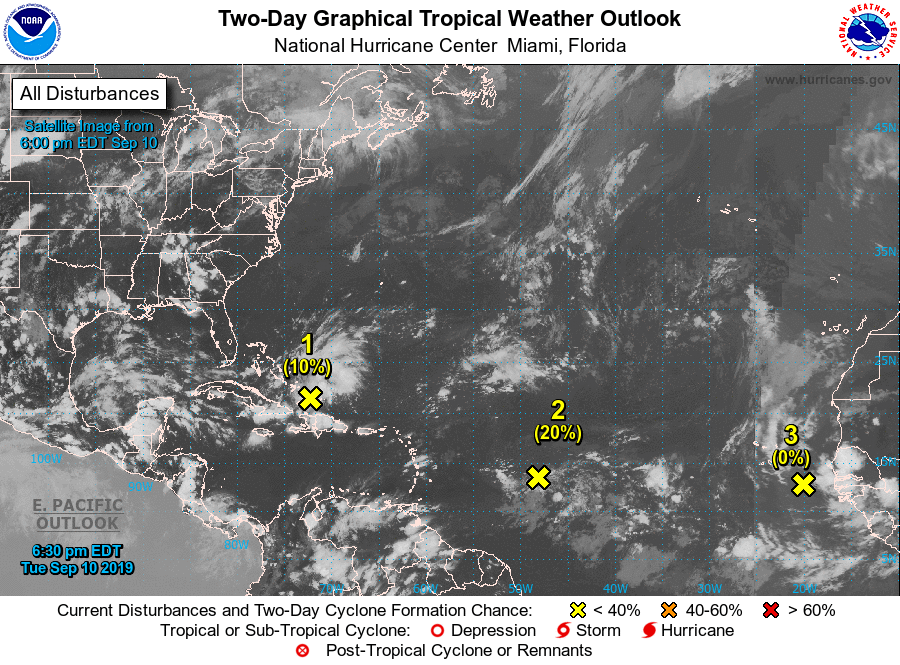
For the North Atlantic...Caribbean Sea and the Gulf of Mexico:

The National Hurricane Center has issued the last advisory on Post-Tropical Cyclone Gabrielle, located over the far north Atlantic Ocean.

1. Shower and thunderstorm activity associated with a surface trough near the southeastern Bahamas and adjacent Atlantic waters has increased since yesterday. Limited development of this disturbance is expected during the next couple of days while it moves west-northwestward across the Bahamas. However, environmental conditions could become a little more conducive for development when the system moves over the Florida Straits and the Gulf of Mexico late this week and this weekend. Regardless of development, this disturbance will produce periods of locally heavy rainfall across the Bahamas through Thursday, and across Florida on Friday and continuing into the weekend.
* Formation chance through 48 hours...low...10 percent.
* Formation chance through 5 days...low...30 percent.

2. A weak area of low pressure, associated with a tropical wave located about 900 miles east of the Lesser Antilles is producing disorganized showers and thunderstorms. Although some slight development of this system is possible today or Wednesday, by Thursday, upper-level winds are forecast to become unfavorable for tropical cyclone formation. This disturbance is expected to move slowly westward across the tropical Atlantic Ocean for the next several days.
* Formation chance through 48 hours...low...20 percent.
* Formation chance through 5 days...low...20 percent.

3. A tropical wave located between the west coast of Africa and the Cabo Verde Islands is expected to move quickly westward during the next several days. Some slow development is possible over the weekend when the system is a few hundred miles east of the Windward Islands.
* Formation chance through 48 hours...low...near 0 percent.
* Formation chance through 5 days...low...20 percent.

Forecaster Hamrick/Blake